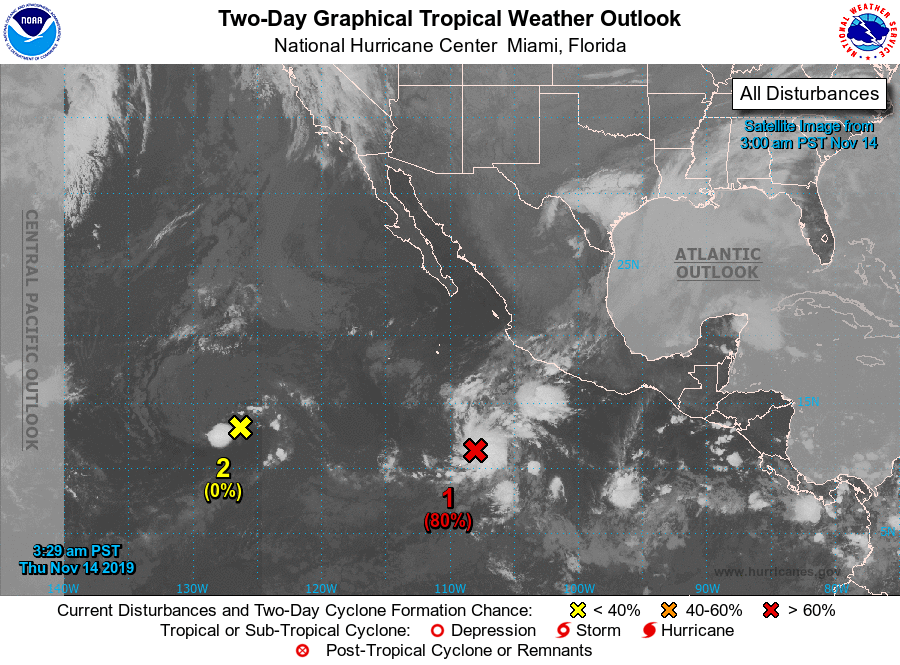
For the eastern North Pacific...east of 140 degrees west longitude:

1. A low pressure system located several hundred miles south of the southern tip of the Baja California peninsula is producing a concentrated area of showers and thunderstorms near the well-defined surface center. Additional development is anticipated and a tropical depression is likely to form during the next day or so while the system moves slowly northward.
* Formation chance through 48 hours...high...80 percent.
* Formation chance through 5 days...high...80 percent.

2. A broad area of low pressure located several hundred miles west-southwest of the southern tip of the Baja California peninsula is producing disorganized shower activity. Environmental conditions are not expected to support development of the disturbance while it moves generally westward at about 10 mph during the next couple of days.
* Formation chance through 48 hours...low...near 0 percent.
* Formation chance through 5 days...low...near 0 percent.

Forecaster Stewart